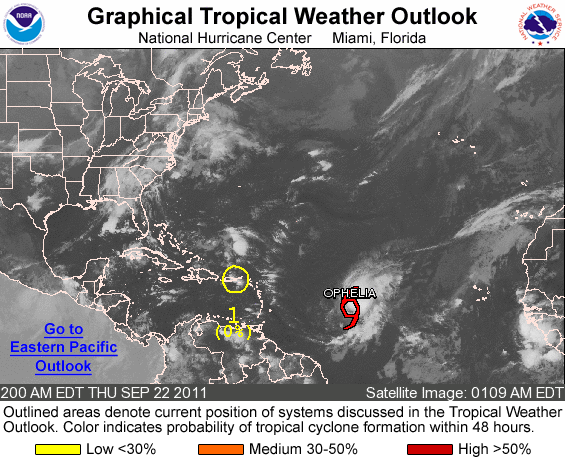
FOR THE NORTH ATLANTIC...CARIBBEAN SEA AND THE GULF OF MEXICO...

THE NATIONAL HURRICANE CENTER IS ISSUING ADVISORIES ON TROPICAL STORM OPHELIA...LOCATED ABOUT 1065 MILES EAST OF THE LEEWARD ISLANDS.

1. A SMALL AREA OF LOW PRESSURE LOCATED NEAR PUERTO RICO IS PRODUCING SCATTERED SHOWERS AND A FEW THUNDERSTORMS. UPPER-LEVEL WINDS ARE NOT CONDUCIVE FOR DEVELOPMENT AND THIS SYSTEM HAS A LOW CHANCE... NEAR 0 PERCENT...OF BECOMING A TROPICAL CYCLONE DURING THE NEXT 48 HOURS AS IT MOVES GENERALLY WESTWARD AT 15 TO 20 MPH.

ELSEWHERE...TROPICAL CYCLONE FORMATION IS NOT EXPECTED DURING THE NEXT 48 HOURS.

FORECASTER BROWN